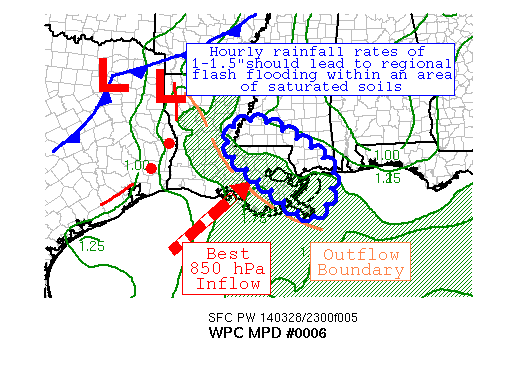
AREAS AFFECTED...SOUTHEAST LA AND SOUTHERN MS

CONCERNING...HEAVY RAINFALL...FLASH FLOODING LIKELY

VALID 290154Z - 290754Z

SUMMARY...A SQUALL LINE IS APPROACHING AN AREA OF EXTREMELY LOW
FLASH FLOOD GUIDANCE VALUES - FFGS -- ACROSS SOUTHEAST LA AND
SOUTHERN MS.  REGIONAL FLASH FLOODING IS CONSIDERED LIKELY IN THIS
REGION.

DISCUSSION...A SHORTWAVE MOVING THROUGH CENTRAL TX HAS SPAWNED A
SQUALL LINE WHICH CROSSED THE SABINE RIVER INTO LA AROUND 0115
UTC.  THE 01Z HRRR APPEARS TO BE CAPTURING THIS FEATURE WELL,
THOUGH THE SIX HOURLY RADAR LOOP INDICATED THAT THE ACTIVITY COULD
OUTRACE THE PACE SEEN IN THE 01Z HRRR GUIDANCE.  DESPITE ITS
PROGRESSION, RADAR-DERIVED RAINFALL RATES OF 1-1.5 IN/HR ACCOMPANY
THE CONVECTIVE BAND.  PRECIPITABLE WATER VALUES OF 1.75" IN THE
REGION ARE NEAR THE 99TH PERCENTILE FOR LATE MARCH, OR TWO
STANDARD DEVIATIONS ABOVE NORMAL, WHICH IS AIDING PRECIPITATION
EFFICIENCY.  DIVERGENCE ALOFT IS BEING AIDED BY A JET COUPLET
CAUSED BY SPEED MAXIMA WITHIN THE POLAR AND SUBTROPICAL BRANCHES
OF THE JET STREAM.

AHEAD OF THE BAND, THERE IS A REGION OF FFGS OF 1.5"/3 HOURS -- OR
LESS -- WHICH WAS CAUSED BY THIS MORNING'S HEAVY RAINFALL -- THESE
RAINFALL RATES SHOULD BE EASILY EXCEEDED BY THE CONVECTIVE LINE.
THE HEAVIEST CONVECTION IS EXPECTED TO OCCUR ALONG A PRECEDING
SURFACE TROUGH/ OUTFLOW BOUNDARY LYING NORTHWEST- SOUTHEAST ACROSS
LA, WITH SOME DEVELOPING CIN OVERNIGHT POSSIBLY ALLOWING FOR
OVERRUNNING/ELEVATED CONVECTION ON THE COLD SIDE OF THE TROUGH.
CORFIDI VECTORS ARE EXPECTED TO BE LIGHT IN THE REGION THROUGH
09Z, AS INCREASING 850 HPA INFLOW OF 30-40 KNOTS MOVES INTO THE
BOUNDARY.  THE CAPES/LOW-LEVEL SHEAR ARE SUFFICIENT FOR A WET
MULTI-CELL ENVIRONMENT AND BACKBUILDING ALONG THE OUTFLOW BOUNDARY
IS POSSIBLE, WHICH WOULD MAGNIFY THE FLASH FLOOD THREAT.  RAINFALL
RATES OF 1-1.5" PER HOUR SHOULD LEAD TO REGIONAL FLASH FLOODING.
USED A SIX HOUR TIME HORIZON TO GIVE THE LONGEST POSSIBLE LEAD
TIME.